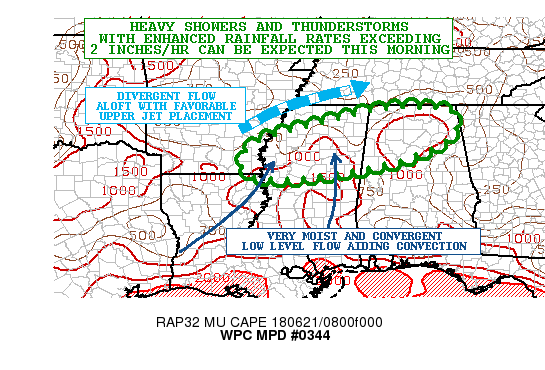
AREAS AFFECTED...SOUTHEAST AR...WEST-CENTRAL TO NORTHERN
MS...NORTHERN AL

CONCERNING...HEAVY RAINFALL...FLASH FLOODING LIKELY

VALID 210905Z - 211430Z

SUMMARY...HEAVY SHOWERS AND THUNDERSTORMS OVER THE NEXT FEW HOURS
WITH ENHANCED RAINFALL RATES TO NEAR 2 INCHES/HR WILL RESULT IN
SOME FLASH FLOODING CONCERNS.

DISCUSSION...THE LATEST RADAR IMAGERY SHOWS A RELATIVELY
CONCENTRATED AXIS OF HEAVY SHOWERS AND THUNDERSTORMS MOVING ACROSS
SOUTHEAST AR AND INTO WEST-CENTRAL TO NORTHERN PORTIONS OF MS. THE
ACTIVITY IS FOCUSING AROUND THE SOUTH SIDE OF A DEEP LAYER TROUGH
OVER THE MIDWEST. HOWEVER...IT IS BEING FOCUSED IN PARTICULAR
WITHIN A REGION OF IMPROVING UPPER LEVEL DIVERGENCE ASSOCIATED
WITH MODEST RIGHT-ENTRANCE REGION JET DYNAMICS.

THE CONVECTION IS ALSO BEING AIDED BY THE ARRIVAL OF SOME VORT
ENERGY LIFTING NORTHEAST ACROSS THE LOWER MS VALLEY AND ALSO THE
NORTHEAST TRANSPORT OF DEEP TROPICAL MOISTURE FROM THE WESTERN
GULF COAST REGION. INSTABILITY IS RELATIVELY MODEST...BUT THE
CONVECTION IS GENERALLY TRAVERSING THE NORTH SIDE OF A 500 TO 1000
J/KG MUCAPE GRADIENT IS BEING FURTHER AIDED BY CONVERGENT 850 MB
FLOW.

PWATS ARE NEAR 2.25 INCHES AND THIS IS FAVORING ENHANCED RAINFALL
RATES THAT ARE LIKELY TO EXCEED 2 INCHES/HR WITHIN THE STRONGEST
OF THE CONVECTIVE CORES. THE CLOUD TOPS OVER THE LAST COUPLE OF
HOURS HAVE BEEN GENERALLY STEADY STATE...BUT WITH SOME ADDITIONAL
UPTICK IN FORCING ALOFT OVER THE NEXT COUPLE OF HOURS...THERE MAY
BE SOME COOLING OF THESE CLOUD TOPS AND A BIT OF AN UPTICK IN THE
RAINFALL RATES.

THE LATEST HRRR GUIDANCE SUPPORTS AS MUCH AS 3 TO 4 INCHES OF RAIN
WITH LOCALIZED AMOUNTS PERHAPS APPROACHING 5 INCHES. THE
CONVECTION WILL FOCUS ESPECIALLY ON WEST-CENTRAL AND NORTHERN MS
OVER THE NEXT FEW HOURS...BUT WILL ALSO BECOME MORE NUMEROUS
ACROSS AREAS OF NORTHERN AL AS BETTER FORCING ARRIVES AND
INTERACTS WITH FAVORABLE MOISTURE/INSTABILITY PROFILES ACROSS THE
REGION.

GIVEN THE VERY HEAVY SHORT-TERM RAINFALL RATE POTENTIAL...FLASH
FLOODING IS LIKELY...AND ESPECIALLY FOR ANY URBANIZED AREAS.